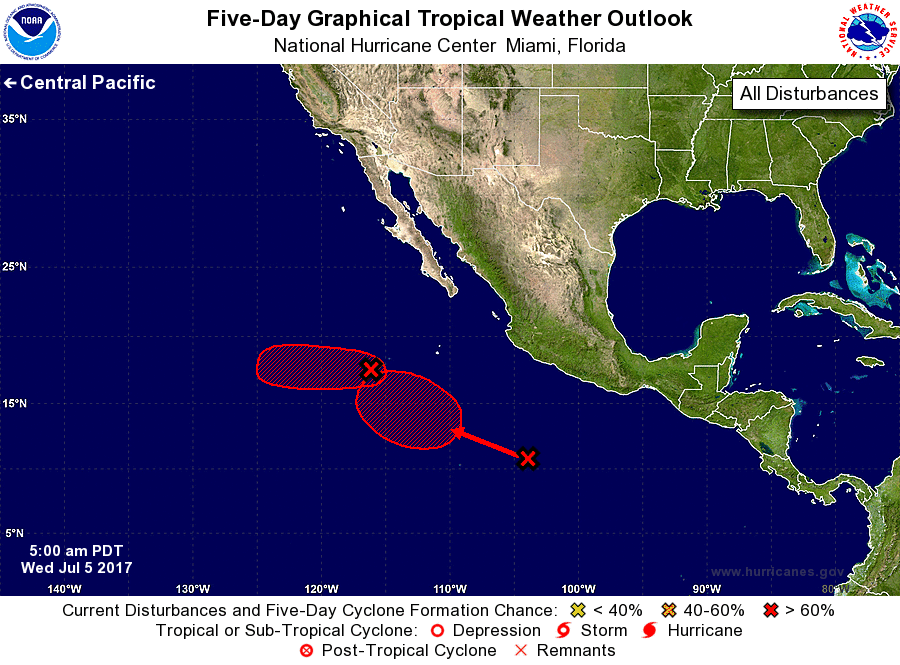
For the eastern North Pacific...east of 140 degrees west longitude:

1. Satellite data suggests that a low pressure system located about 550 miles southwest of the southern tip of the Baja California peninsula has become a little better defined this morning. However, the associated showers and thunderstorms remain displaced well to the south of the center. This system still has the potential to become a tropical depression later today or tonight before it moves westward into a less favorable environment.
* Formation chance through 48 hours...high...80 percent.
* Formation chance through 5 days...high...80 percent.

2. A broad area of low pressure located several hundred miles south of Manzanillo, Mexico is producing disorganized showers and thunderstorms. Environmental conditions are forecast to be favorable for gradual development, and this system is likely to become a tropical depression this weekend while the disturbance moves generally westward to west-northwestward at about 10 mph.
* Formation chance through 48 hours...low...near 0 percent.
* Formation chance through 5 days...high...70 percent.

Forecaster Cangialosi